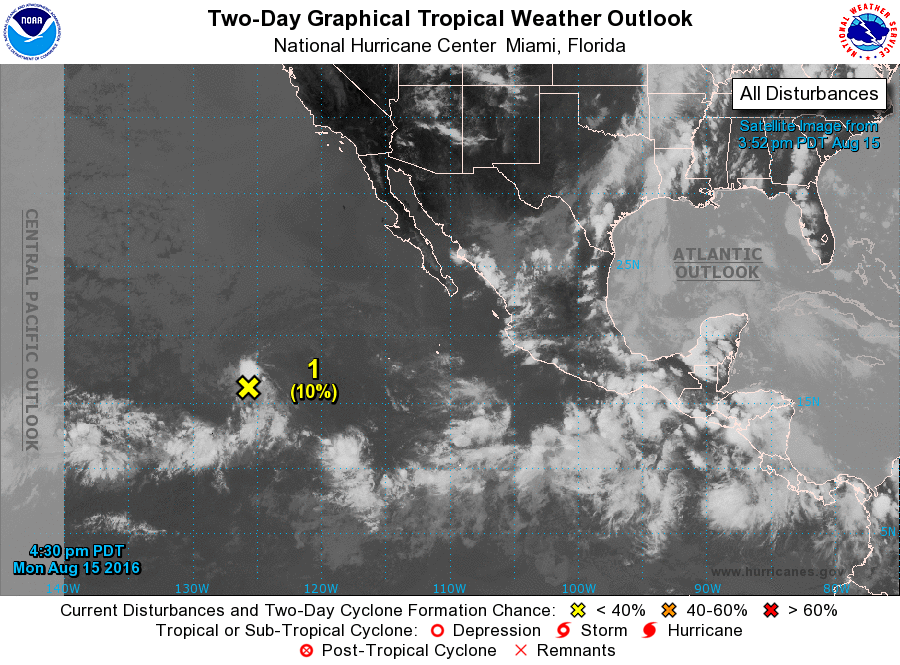
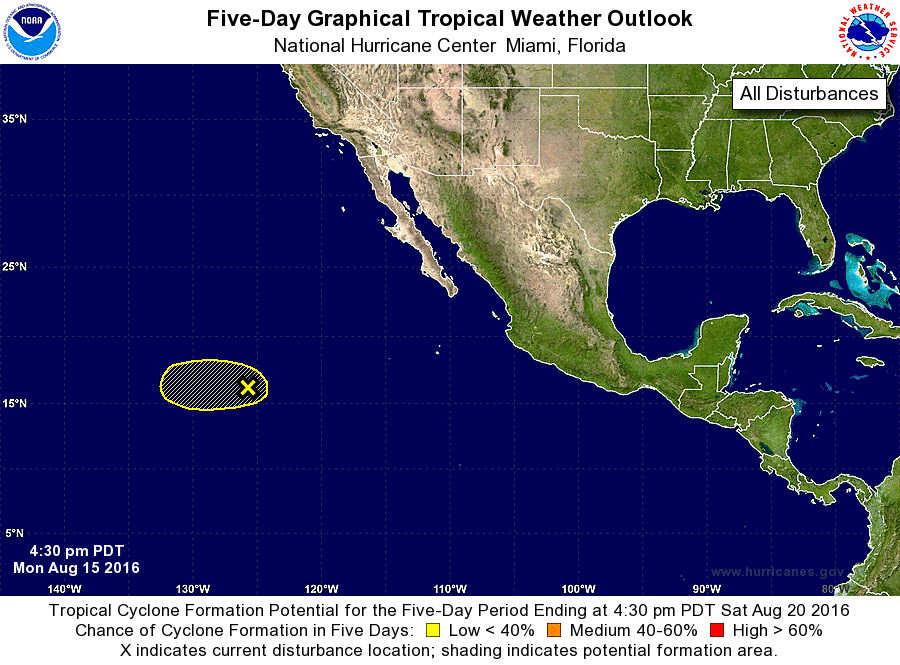
For the eastern North Pacific...east of 140 degrees west longitude:

1. A trough of low pressure located about 1200 miles west-southwest of the southern tip of the Baja California peninsula is producing disorganized shower activity. Development of this system appears unlikely while it moves westward into unfavorable environmental conditions.
* Formation chance through 48 hours...low...10 percent
* Formation chance through 5 days...low...10 percent

Forecaster Cangialosi